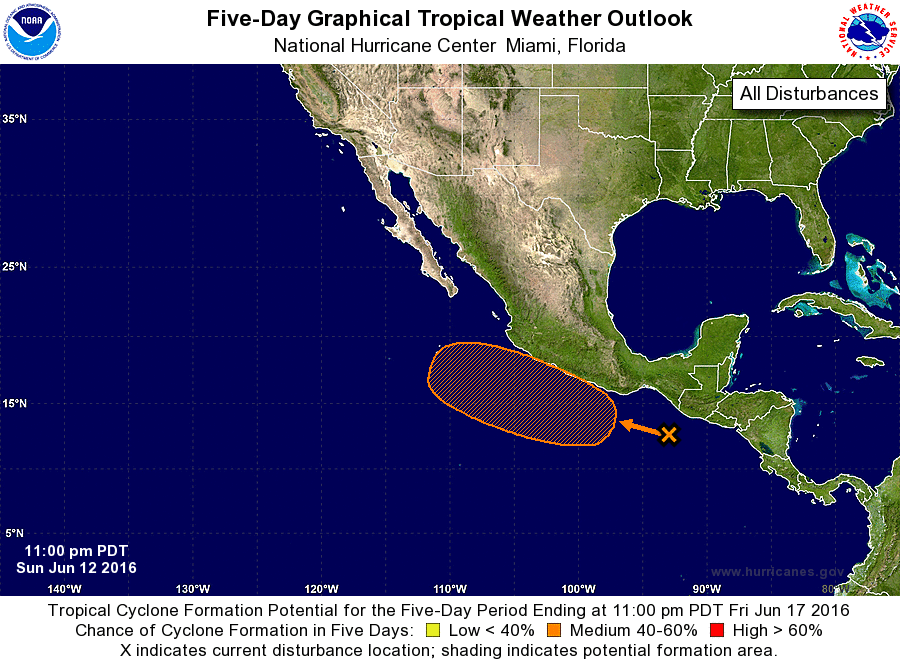
For the eastern North Pacific...east of 140 degrees west longitude:

1. An area of low pressure is expected to develop south of the coast of southern Mexico in a couple of days in association with a tropical wave that is currently located south of the Gulf of Tehuantepec. Environmental conditions are expected to be conducive for gradual development of this system, and a tropical depression could form later this week while the disturbance moves westward or west-northwestward.
* Formation chance through 48 hours...low...10 percent
* Formation chance through 5 days...medium...50 percent

Forecaster Brennan